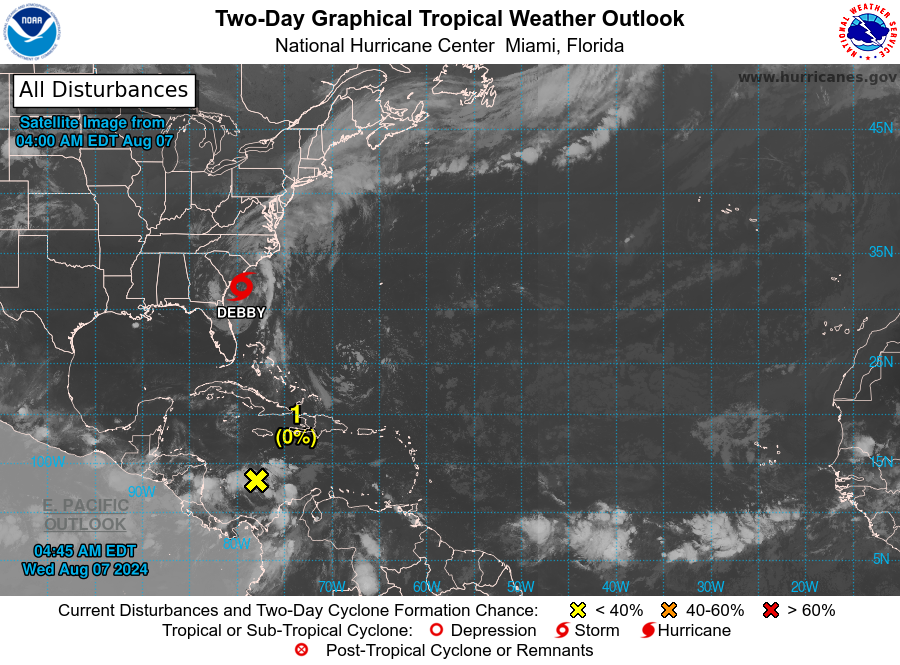
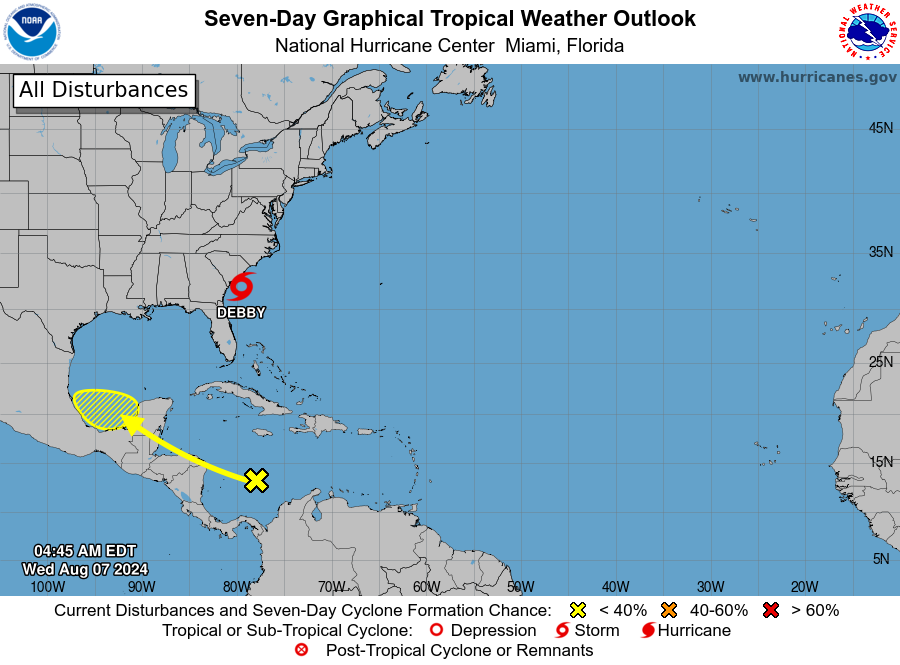
For the North Atlantic...Caribbean Sea and the Gulf of Mexico:

Active Systems: The National Hurricane Center is issuing advisories on Tropical Storm Debby, located just offshore of the Georgia and South Carolina coastline.

1. Southwestern Gulf of Mexico: Showers and thunderstorms associated with a tropical wave located over the southwestern Caribbean Sea remain disorganized. The northern portion of this tropical wave could reach the southwestern Gulf of Mexico over the weekend, but any development should be slow to occur.
* Formation chance through 48 hours...low...near 0 percent.
* Formation chance through 7 days...low...10 percent.

Forecaster Bucci